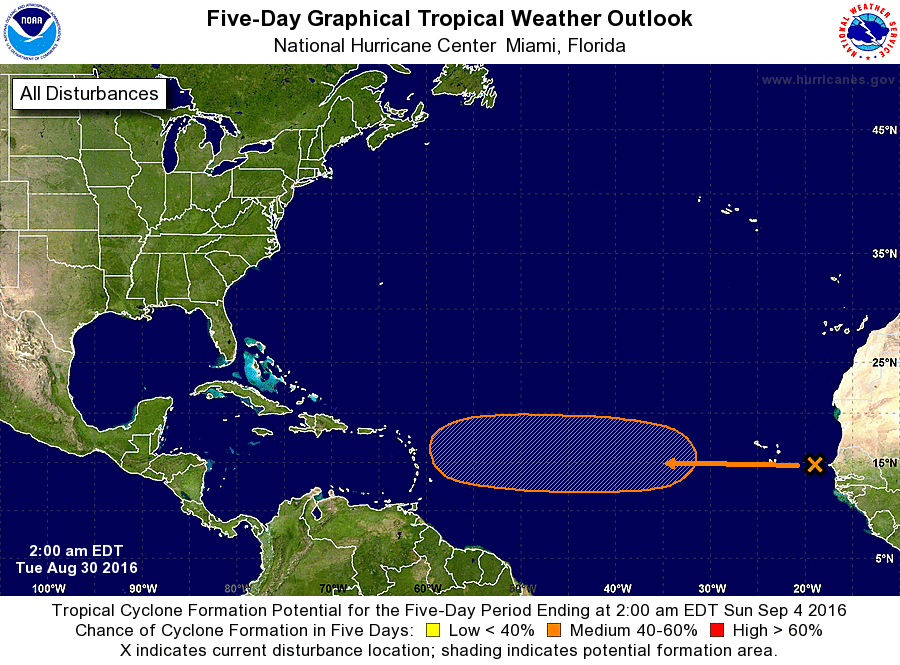
For the North Atlantic...Caribbean Sea and the Gulf of Mexico:

The National Hurricane Center is issuing advisories on Hurricane Gaston, located well east of Bermuda, on Tropical Depression Eight, located southeast of Cape Hatteras, North Carolina, and on Tropical Depression Nine, located over the southeastern Gulf of Mexico.

1. A weak area of low pressure, associated with a tropical wave, is located over the far eastern Atlantic between the west coast of Africa and the Cabo Verde Islands. Environmental conditions are expected to become a little more favorable for some gradual development of this system late this week while it moves westward at 15 to 20 mph over the tropical Atlantic.
* Formation chance through 48 hours...low...near 0 percent
* Formation chance through 5 days...medium...40 percent

Forecaster Brown